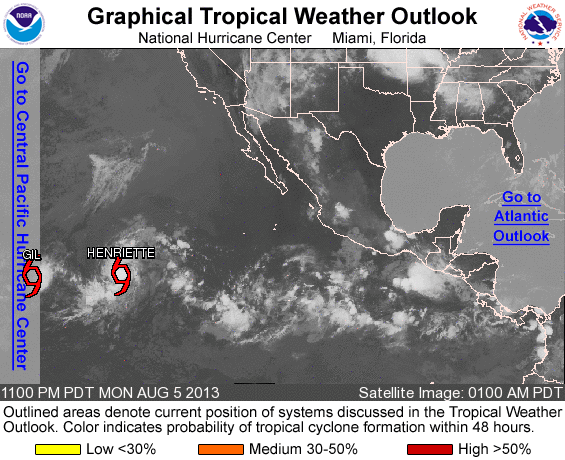
FOR THE EASTERN NORTH PACIFIC...EAST OF 140 DEGREES WEST LONGITUDE..

THE NATIONAL HURRICANE CENTER IS ISSUING ADVISORIES ON TROPICAL STORM HENRIETTE...LOCATED FAR TO THE SOUTHWEST OF THE BAJA CALIFORNIA PENINSULA.

THE NATIONAL HURRICANE CENTER HAS ISSUED ITS LAST ADVISORY ON TROPICAL DEPRESSION GIL...LOCATED WELL TO THE EAST OF THE HAWAIIAN ISLANDS. FUTURE ADVISORIES ON GIL WILL BE ISSUED BY THE CENTRAL PACIFIC HURRICANE CENTER IN HONOLULU HAWAII.

TROPICAL CYCLONE FORMATION IS NOT EXPECTED DURING THE NEXT 48 HOURS. OTHER SYSTEMS WITH FORMATION POTENTIAL BEYOND 48 HOURS... A BROAD LOW PRESSURE AREA IS FORECAST TO FORM WELL OFFSHORE OF THE COAST OF MEXICO BY LATE WEEK. SOME DEVELOPMENT OF THIS SYSTEM IS POSSIBLE...AND IT HAS A LOW CHANCE...NEAR 0 PERCENT...OF BECOMING A TROPICAL CYCLONE DURING THE NEXT 48 HOURS...AND A MEDIUM CHANCE... 30 PERCENT...OF BECOMING A TROPICAL CYCLONE DURING THE NEXT 5 DAYS.

&&
PUBLIC ADVISORIES ON GIL WILL BE ISSUED UNDER WMO HEADER WTPA32 PHFO AND UNDER AWIPS HEADER HFOTCPCP2. FORECAST/ADVISORIES WILL BE ISSUED UNDER WMO HEADER WTPA22 PHFO AND UNDER AWIPS HEADER HFOTCMCP2.

&&
FIVE-DAY FORMATION PROBABILITIES ARE EXPERIMENTAL IN 2013. COMMENTS ON THE EXPERIMENTAL FORECASTS CAN BE PROVIDED AT... HTTP://WWW.NWS.NOAA.GOV/SURVEY/NWS-SURVEY.PHP?CODE=ETWO

FORECASTER STEWART